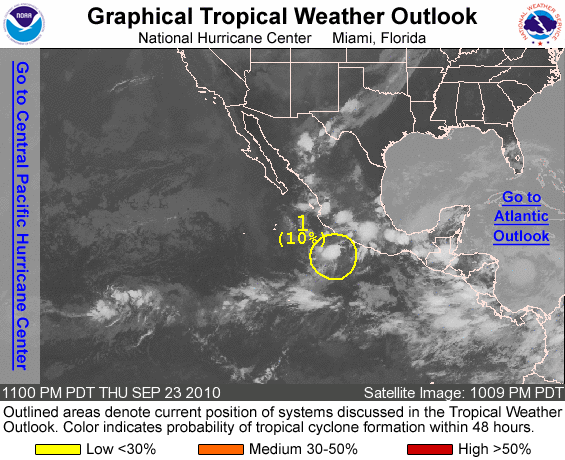
FOR THE EASTERN NORTH PACIFIC...EAST OF 140 DEGREES WEST LONGITUDE..

1. SHOWERS AND THUNDERSTORMS ASSOCIATED WITH A BROAD AREA OF LOW PRESSURE LOCATED ABOUT 175 MILES WEST-SOUTHWEST OF ACAPULCO MEXICO HAVE CHANGED LITTLE IN ORGANIZATION DURING THE LAST SEVERAL HOURS. DEVELOPMENT OF THIS SYSTEM...IF ANY...SHOULD BE SLOW TO OCCUR AS IT MOVES SLOWLY TOWARD THE WEST-NORTHWEST DURING THE NEXT DAY OR TWO. THERE IS A LOW CHANCE...10 PERCENT...OF THIS SYSTEM BECOMING A TROPICAL CYCLONE DURING THE NEXT 48 HOURS.

ELSEWHERE...TROPICAL CYCLONE FORMATION IS NOT EXPECTED DURING THE NEXT 48 HOURS.

FORECASTER KIMBERLAIN